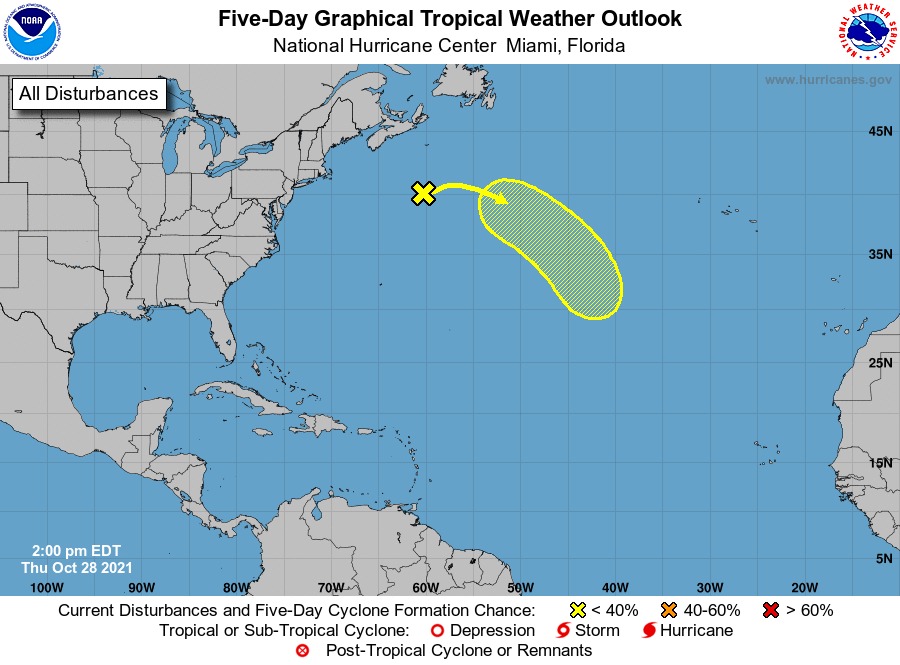
For the North Atlantic...Caribbean Sea and the Gulf of Mexico:

1. A non-tropical low pressure system producing gale-force winds is located a few hundred miles southeast of Halifax, Nova Scotia. The low should continue moving eastward at about 15 mph through Friday, away from shore. The low is then expected to turn southeastward on Saturday toward slightly warmer waters, and it could acquire some subtropical characteristics over the weekend or early next week while over the central Atlantic. For more information on this system, including gale warnings, see products issued by your local National Weather Service office and High Seas Forecasts issued by the National Weather Service.
* Formation chance through 48 hours...low...10 percent.
* Formation chance through 5 days...low...30 percent.

High Seas Forecasts issued by the National Weather Service can be found under AWIPS header NFDHSFAT1, WMO header FZNT01 KWBC, and online at ocean.weather.gov/shtml/NFDHSFAT1.php

Forecaster Hagen/Latto